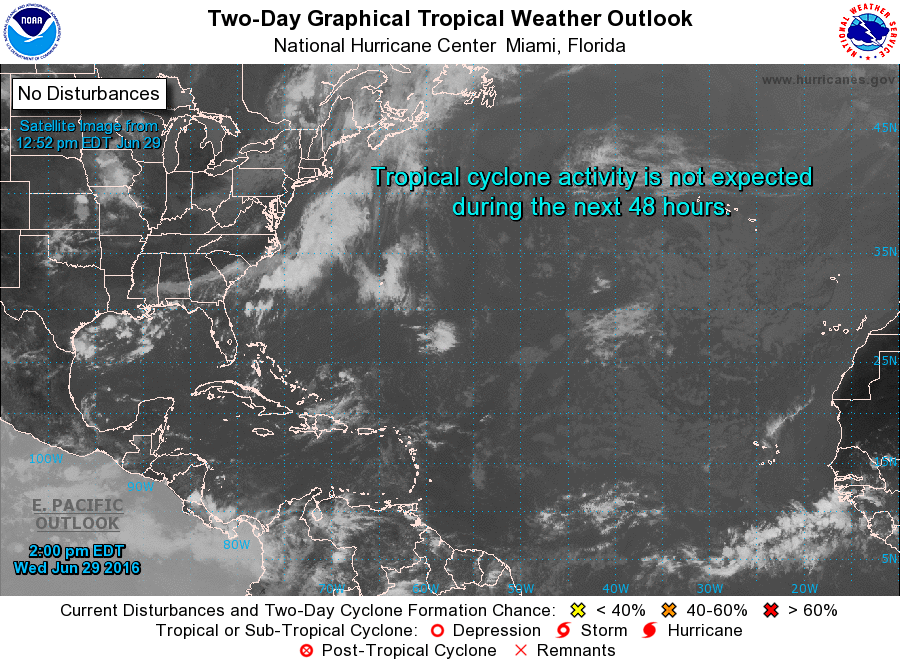
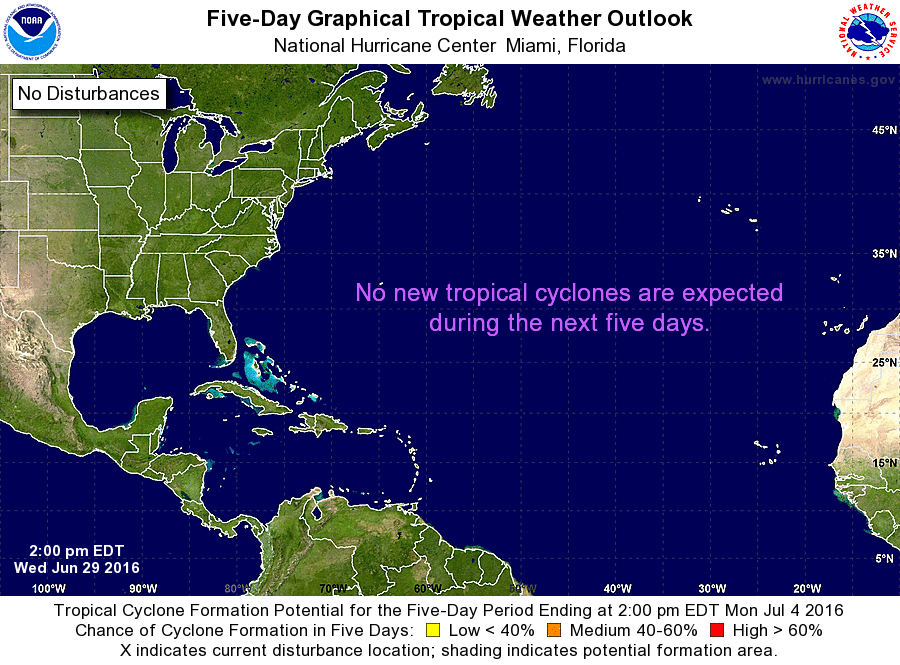
For the North Atlantic...Caribbean Sea and the Gulf of Mexico:

Tropical cyclone formation is not expected during the next 5 days.

Forecaster Berg